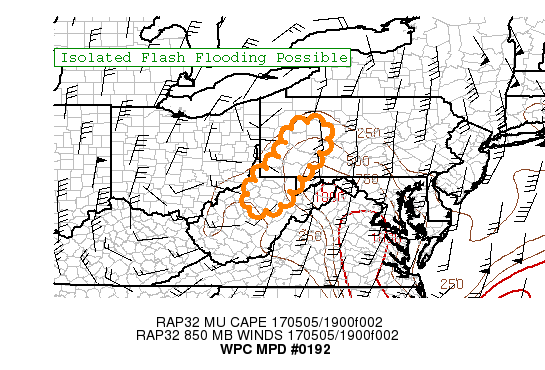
AREAS AFFECTED...NORTHERN WV...SOUTHWEST PA

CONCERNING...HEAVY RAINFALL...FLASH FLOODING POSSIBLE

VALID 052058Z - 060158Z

SUMMARY...ISOLATED FLASH FLOOD ISSUES MAY ARISE WITH LOCALIZED 1"
IN AN HOUR AMOUNTS OVER AN AREA WITH RELATIVELY LOW FLASH FLOOD
GUIDANCE.

DISCUSSION...CONVECTION IS EXPANDING IN COVERAGE ALONG A LOW LEVEL
CONVERGENCE AXIS STRETCHING FROM CENTRAL WV INTO SOUTHWEST PA.
DAYTIME HEATING HAS RESULTED IN ROUGHLY 500 J/KG OF ML CAPE ALONG
THIS BOUNDARY. THE APPROACH OF A SHORTWAVE FEATURE CURRENTLY SEEN
ENTERING SOUTHERN WV ON WATER VAPOR IMAGERY IS HELPING INCREASE
LARGE SCALE ASCENT TO RESULT IN THE INCREASED CONVECTIVE COVERAGE
ALONG THE CONVERGENCE BOUNDARY. PRECIPITABLE WATER VALUES BELOW 1"
ARE NOT THAT IMPRESSIVE AND SHOULD GENERALLY HELP LIMIT RAINFALL
RATES AND AMOUNTS. HOWEVER WITH THE BOUNDARY ONLY SLOWLY MOVING
EAST WITH TIME...AND THE MEAN STORM LAYER WINDS HAVING A LARGE
COMPONENT PARALLEL TO THE BOUNDARY...SOME SOUTH TO NORTH REPEAT
CONVECTION IS POSSIBLE.

THE 12Z EXPERIMENTAL HREF VERSION 2 SHOWS A HIGH PROBABILITY OF
SCATTERED RAINFALL TOTALS EXCEEDING 0.5" IN AN HOUR...WITH
MODERATE PROBABILITIES OF ISOLATED 1" IN AN HOUR AMOUNTS. THESE
PROBABILITIES ARE ALSO BACKED UP BY RECENT HRRR RUNS. IN GENERAL
LOOKING AT ISOLATED TO SCATTERED 1-2" RAINFALL AMOUNTS OVER THE
MPD AREA. AMOUNTS OF THIS MAGNITUDE SHOULD NOT CAUSE SIGNIFICANT
ISSUES...HOWEVER WITH FLASH FLOOD GUIDANCE AS LOW AS 0.5" IN AN
HOUR OVER THE MPD AREA...THESE RAINFALL RATES COULD CAUSE SOME
RUNOFF AND FLOOD ISSUES. THE CONSENSUS IS FOR THIS THREAT TO
CONTINUE TILL AROUND 02Z...THEREAFTER DECREASED INSTABILITY AND AN
EASTWARD PUSH OF THE CONVERGENCE AXIS SHOULD END THE THREAT.